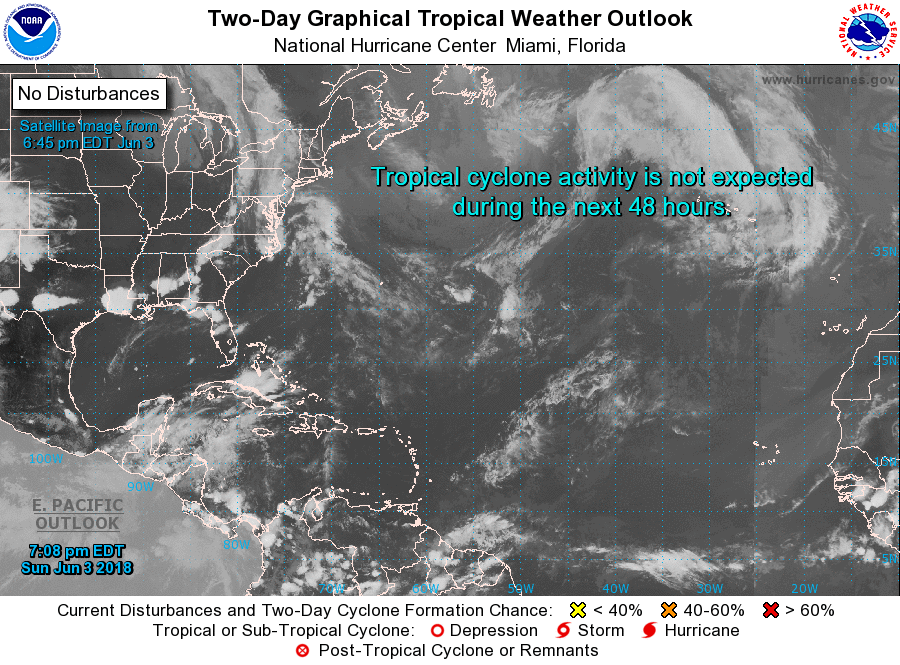
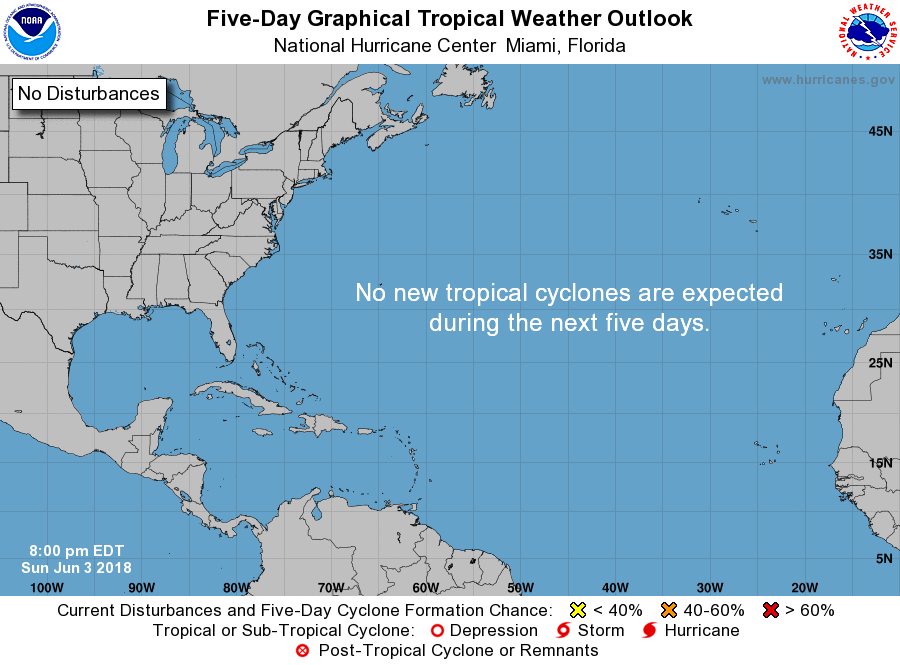
For the North Atlantic...Caribbean Sea and the Gulf of Mexico:

Tropical cyclone formation is not expected during the next 5 days.

Forecaster Landsea